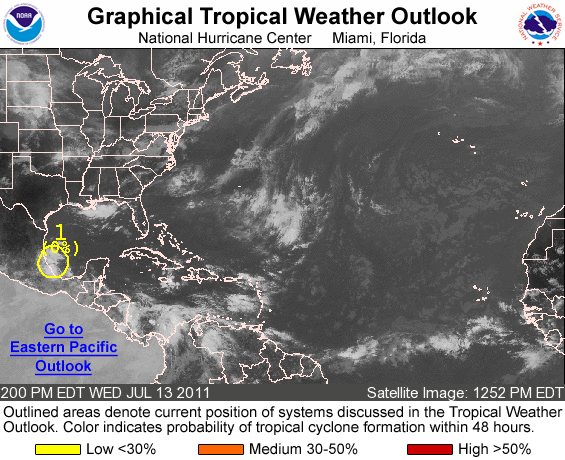
FOR THE NORTH ATLANTIC...CARIBBEAN SEA AND THE GULF OF MEXICO...

1. SATELLITE...RADAR...AND SURFACE DATA INDICATE THAT THE LOW PRESSURE SYSTEM OVER THE BAY OF CAMPECHE IS CURRENTLY CROSSING THE COAST VERY NEAR VERACRUZ MEXICO. SINCE THE SYSTEM IS INLAND...IT NOW HAS A LOW CHANCE...NEAR 0 PERCENT...OF BECOMING A TROPICAL CYCLONE. CLOUDINESS AND SHOWERS WILL CONTINUE TO AFFECT PORTIONS OF EASTERN MEXICO AS THE LOW CONTINUES TO MOVE INLAND.

ELSEWHERE...TROPICAL CYCLONE FORMATION IS NOT EXPECTED DURING THE NEXT 48 HOURS.

FORECASTER CANGIALOSI/BRENNAN